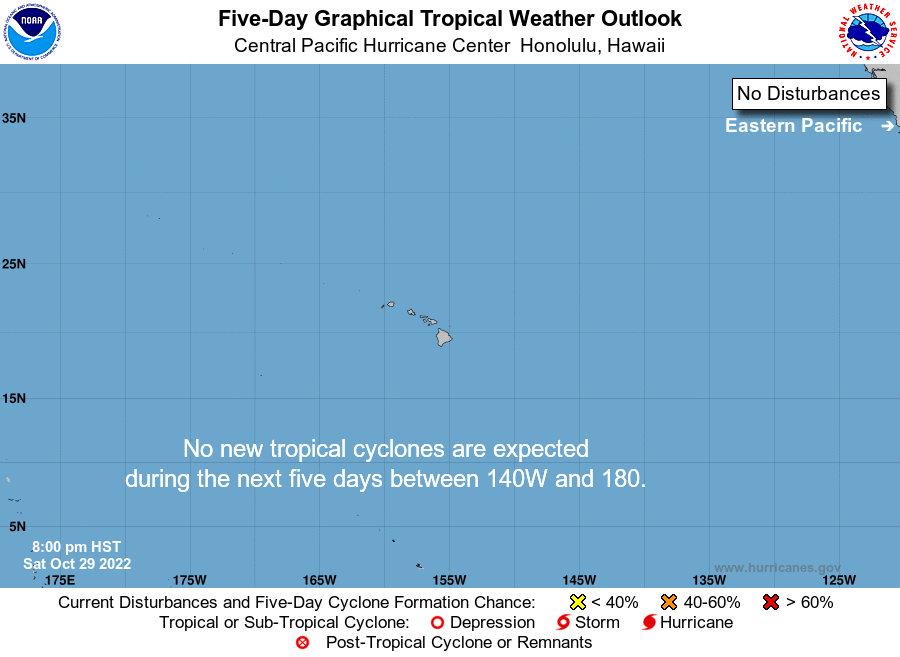
For the central North Pacific...between 140W and 180W:

No tropical cyclones are expected during the next 5 days.

Forecaster Bohlin